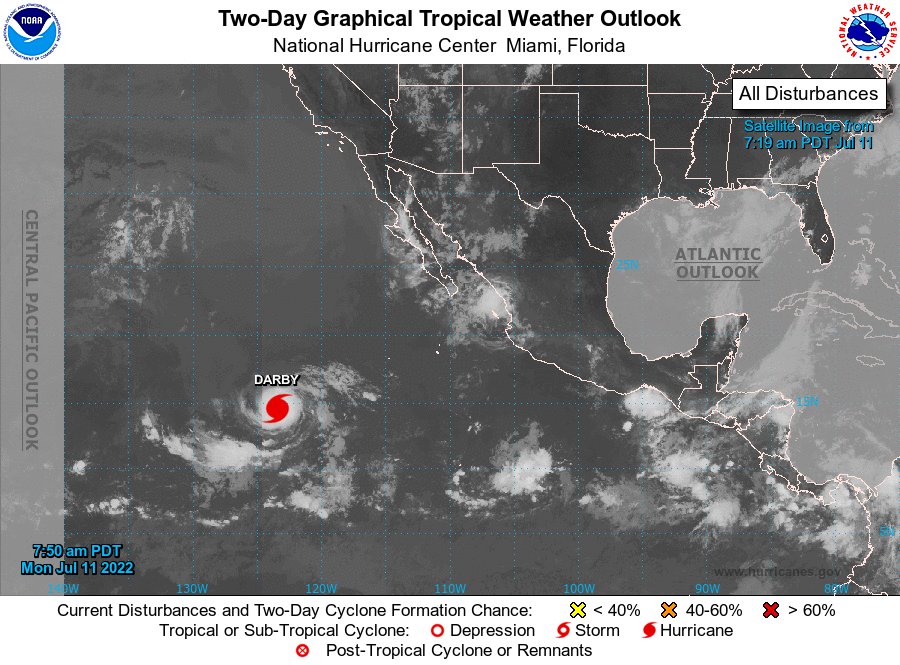
For the eastern North Pacific...east of 140 degrees west longitude:

Active Systems: The National Hurricane Center is issuing advisories on Hurricane Darby, located about 1000 miles southwest of the southern tip of the Baja California peninsula.

1. Offshore of Southern Mexico: An area of low pressure is forecast to form south of the southern coast of Mexico within the next day or two. Environmental conditions are expected to be conducive for gradual development thereafter, and this system could become a tropical depression by late this week. The disturbance is forecast to move westward to west-northwestward at 10 to 15 mph, remaining offshore of the southern coast of Mexico.
* Formation chance through 48 hours...low...near 0 percent.
* Formation chance through 5 days...medium...60 percent.

Forecaster Brown